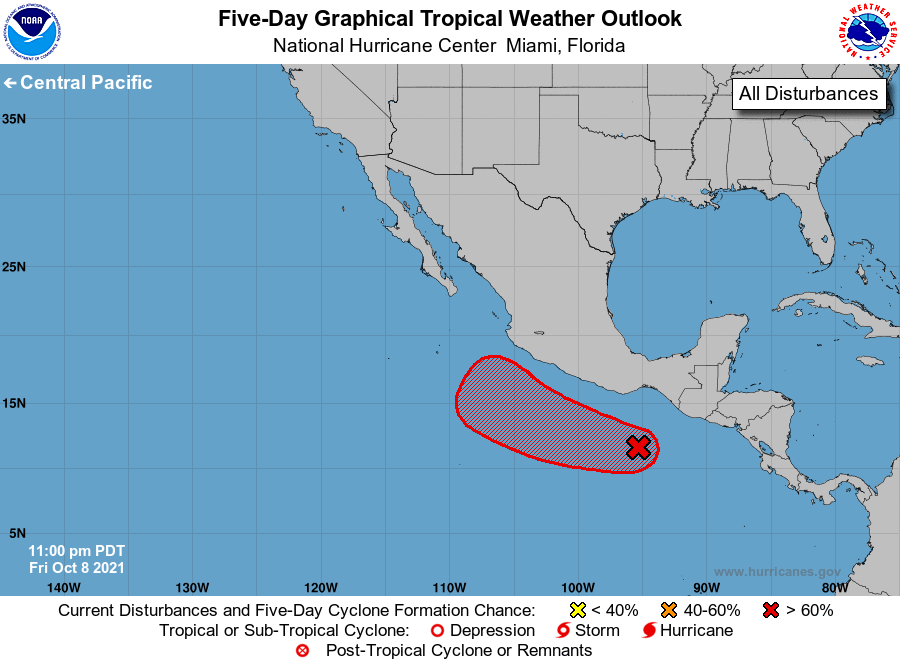
For the eastern North Pacific...east of 140 degrees west longitude:

1. Showers and thunderstorms remain disorganized in association with a broad area of low pressure located a few hundred miles south of Tehuantepec, Mexico. Environmental conditions are forecast to be conducive for development, and a tropical depression or tropical storm is expected to form within the next couple of days while the system moves westward to west-northwestward at about 15 mph south of the coast of Mexico.
* Formation chance through 48 hours...high...80 percent.
* Formation chance through 5 days...high...90 percent.

Forecaster Cangialosi